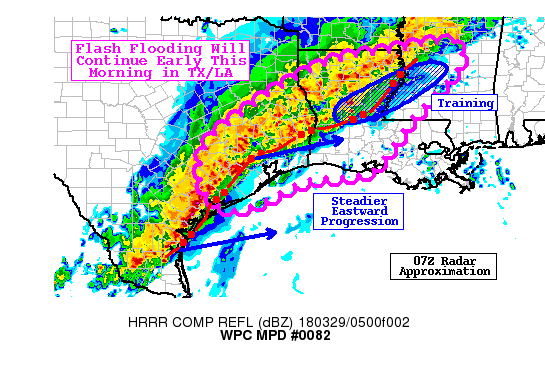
AREAS AFFECTED...SERN TEXAS...LOUISIANA...SW MISSISSIPPI

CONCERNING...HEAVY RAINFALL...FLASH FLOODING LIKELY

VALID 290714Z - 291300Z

SUMMARY...FLASH FLOODING WILL CONTINUE EARLY THIS MORNING FROM
SOUTHEAST TEXAS INTO PORTIONS OF LOUISIANA AS A LARGE LINE OF
THUNDERSTORMS BEGINS TO PUSH EAST. HOURLY RAIN RATES UP TO 2.0 TO
2.5 IN/HR WILL BE POSSIBLE. FLASH FLOODING MAY DEVELOP INTO
PORTIONS OF MISSISSIPPI AS WELL.

DISCUSSION...AN EXTENSIVE QLCS EXTENDED (AT 07Z) FROM NEAR
VICKSBURG MS...TO ALEXANDRIA LA...TO JASPER TX...TO HOUSTON
TX...TO CORPUS CHRISTI TX. THE SOUTHERN EXTENT OF THE LINE WAS
DEVELOPING INTO A CONTINUOUS LINE SEGMENT AND WAS BEGINNING TO
SHOW STEADIER EASTWARD PROGRESSION. THIS HAS BEEN INDICATED ON A
VARIETY OF CONVECTION ALLOWING MODELS...AND IT MAY PUSH EAST OF
THE SABINE RIVER BY 11-12Z BASED ON RECENT TRENDS. FURTHER
NORTHEAST...INDIVIDUAL CELL MOTION WAS TO THE NE IN PORTIONS OF
LOUISIANA...BUT THE MEAN POSITION OF THE LINE WAS RELATIVELY
STATIONARY AS NEW UPDRAFTS WERE TENDING TO FORM NEAR THE
INTERSECTION OF SOUTHERLY INFLOW FROM THE GULF AND THE EXISTING
COLD POOL AND OUTFLOW BOUNDARY. THIS PORTION OF THE LINE WAS LESS
PROGRESSIVE AND MAY BE MORE FAVORED FOR CONTINUED TRAINING OVER
THE NEXT SEVERAL HOURS. HOWEVER...THE LINE OF STORMS WAS LESS
CONTINUOUS IN THIS AREA LEADING TO SHORTER BURSTS OF HEAVY RAIN.
TO THE REAR OF THE LINE...NUMEROUS FLASH FLOOD WARNINGS WERE IN
EFFECT AS OF 07Z...AND FLASH FLOODING WAS LIKELY ONGOING DUE TO
PERSISTENT HEAVY RAINFALL OVER THE PAST SEVERAL HOURS.

THE LARGE SCALE ENVIRONMENT WILL CONTINUE TO BE SUPPORTIVE OF
HEAVY RAIN RATES. GPS-PW OBSERVATIONS WERE AROUND 1.9 INCHES ALONG
THE TEXAS COAST AND THIS CLOSELY MATCHED CIRA BLENDED TPW PRODUCT.
VALUES EVEN REACHED AROUND 1.6 INCHES INTO NORTHEAST LOUISIANA.
THESE WERE IN THE UPPER ECHELON OF MARCH MONTHLY UPPER AIR
OBSERVATIONAL HISTORY IN THE REGION. ADDITIONALLY...OBJECTIVE RAP
ANALYSIS SHOWED MUCAPE AROUND 1000 J/KG WHICH WILL BE SUPPORTIVE
OF ORGANIZED THUNDERSTORMS.

OBSERVED RAIN RATES HAVE BEEN AS HIGH AS 2 IN/HR ACROSS PORTIONS
OF THE REGION AND THIS WILL CONTINUE TO BE POSSIBLE EARLY THIS
MORNING. A HARRIS COUNTY FLOOD CONTROL DISTRICT RAIN GAGE NEAR
CYPRESS MEASURED 0.48 INCHES OF RAIN IN 5 MINUTES. ALTHOUGH THIS
WAS A SHORT PEAK...IT IS INDICATIVE OF THE UPPER END OF WHAT THE
ENVIRONMENT CAN SUPPORT IN THE HEAVIEST RAIN BANDS. THOSE RATES
CORRESPONDED WITH KDP VALUES ON KHGX OF AROUND 3 DEG/KM...WHICH
MAY BE A REASONABLE PROXY ON RADARS FOR THESE SORT OF EXTREMELY
HIGH INSTANTANEOUS RAIN RATES THIS MORNING.

ONE AREA THAT MAY HAVE A PARTICULARLY ELEVATED RISK OF FLASH
FLOODING WOULD BE FROM JEFFERSON AND ORANGE COUNTIES IN TEXAS
(NEAR BEAUMONT) NORTHEAST TO BEAUREGARD...VERNON AND RAPIDES
PARISHES IN LOUISIANA (NEAR ALEXANDRIA). MRMS AND KLCH DUAL POL
ESTIMATES SHOW AROUND 3-6 INCHES OF RAIN HAS FALLEN IN THIS SWATH
ALREADY TONIGHT...AND THE CREST HYDROLOGIC MODEL CONTINUES TO SHOW
ELEVATED MAX UNIT STREAMFLOW VALUES SUGGESTIVE OF ONGOING
FLOODING. AS ADDITIONAL HEAVY RAIN MOVES INTO THAT AREA...ANY
EXISTING FLOODING COULD BE EXACERBATED AS WE APPROACH SUNRISE.